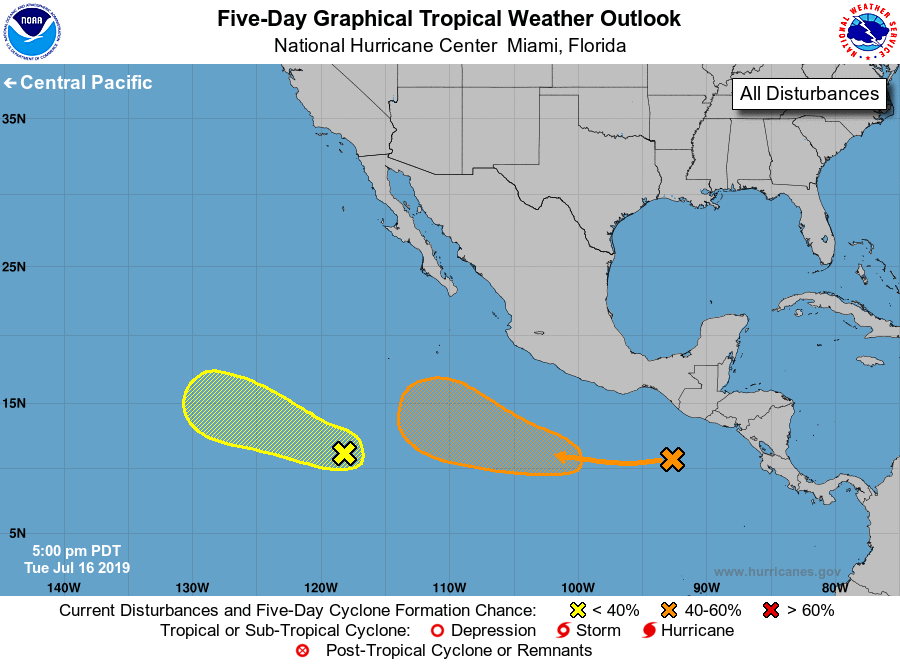
For the eastern North Pacific...east of 140 degrees west longitude:

1. A tropical wave located a couple of hundred miles south-southwest of Guatemala continues to produce disorganized showers and thunderstorms. Environmental conditions are forecast to become conducive for gradual development later this week, and a tropical depression could form over the weekend. This disturbance is forecast to move westward to west-northwestward at 10 to 15 mph, well south of the coast of Mexico.
* Formation chance through 48 hours...low...near 0 percent.
* Formation chance through 5 days...medium...50 percent.

2. A large area of disturbed weather centered about 1000 miles south-southwest of the southern tip of the Baja California peninsula is associated with a tropical wave. Upper-level winds appear to be somewhat conducive for some slow development during the next few days while the disturbance moves west-northwestward at 10 to 15 mph.
* Formation chance through 48 hours...low...10 percent.
* Formation chance through 5 days...low...30 percent.

Forecaster Blake